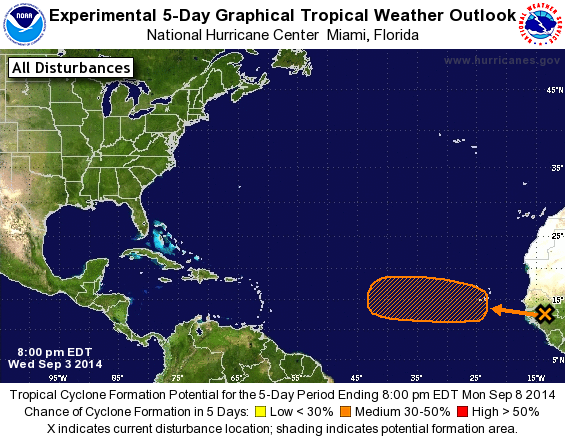
For the North Atlantic...Caribbean Sea and the Gulf of Mexico:

1. A tropical wave is forecast to move off the west coast of Africa tomorrow. Environmental conditions are expected to be conducive for some development of this system through early next week while it moves westward at about 15 mph.
* Formation chance through 48 hours...low...10 percent.
* Formation chance through 5 days...medium...30 percent.

Forecaster Brennan